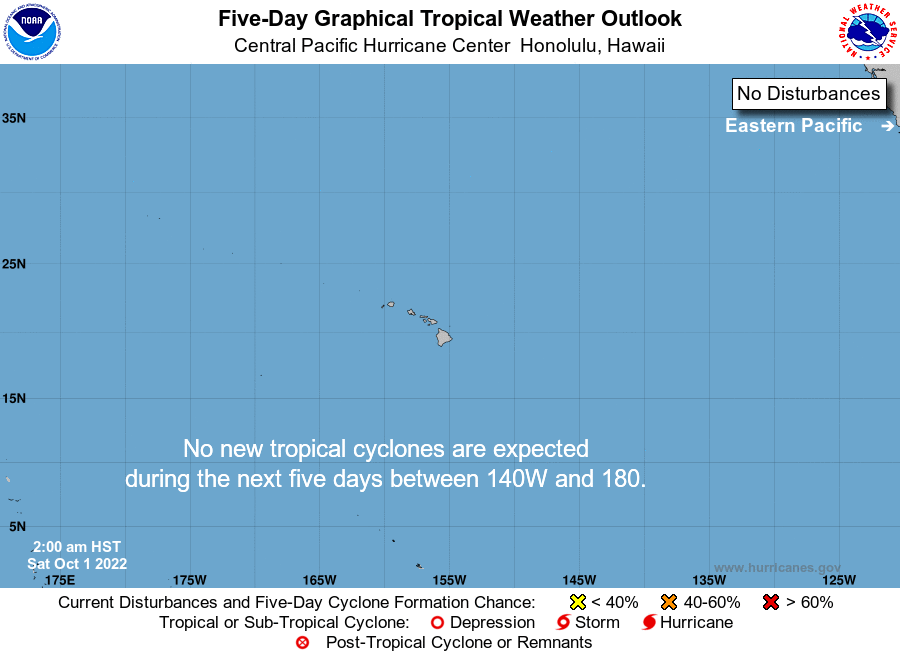
For the central North Pacific...between 140W and 180W:

No tropical cyclones are expected during the next 5 days.

Forecaster Jelsema